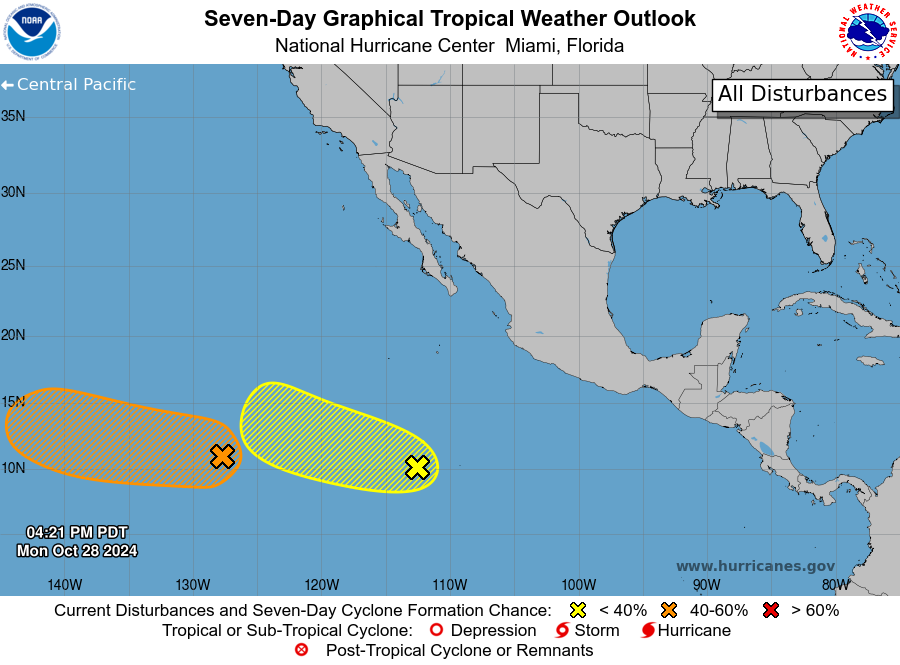
For the eastern North Pacific...east of 140 degrees west longitude:

1. Western East Pacific (EP91): A broad area of low pressure located about 1300 miles southwest of the southern tip of the Baja California peninsula is producing disorganized shower activity. Although the chances of development appear to be decreasing, a tropical depression could still form in a few days while the system moves westward at about 15 mph. This system is expected to cross into the Central Pacific Basin by the end of the week.
* Formation chance through 48 hours...low...20 percent.
* Formation chance through 7 days...medium...40 percent.

2. Central East Pacific: A weak area of low pressure located about 900 miles south-southwest of the southern tip of the Baja California Peninsula is producing disorganized showers and thunderstorms. Some slow development is possible during the next few days while the low moves slowly to the west-northwest. By the end of the week, however, upper-level winds should become less conducive for development.
* Formation chance through 48 hours...low...10 percent.
* Formation chance through 7 days...low...20 percent.

Forecaster Pasch